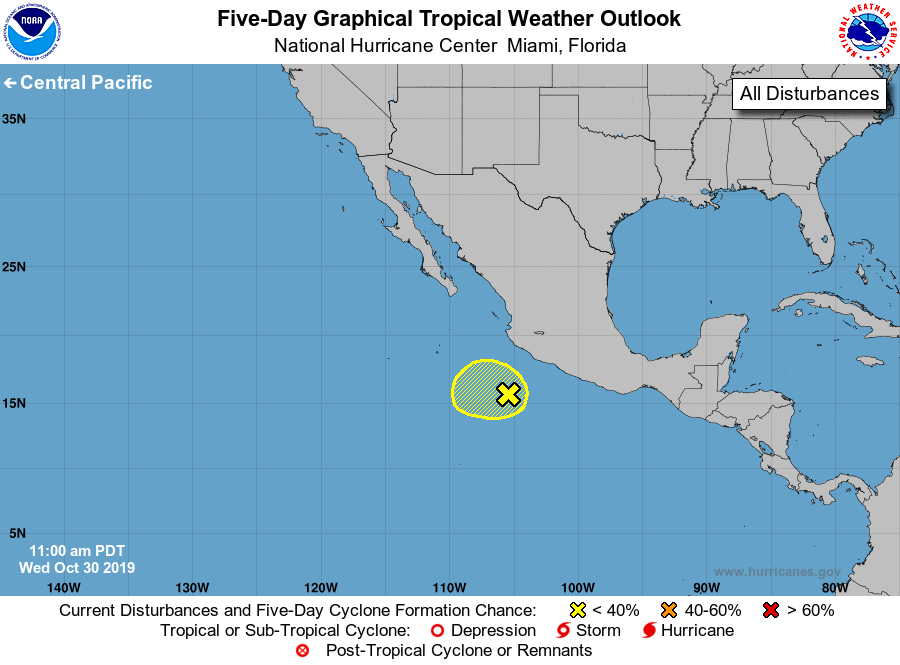
For the eastern North Pacific...east of 140 degrees west longitude:

1. A broad and elongated area of low pressure is producing disorganized showers and thunderstorms several hundred miles south of the southwestern coast of Mexico. Little development, if any, of this system is expected while it moves slowly westward for the next day or so.
* Formation chance through 48 hours...low...10 percent.
* Formation chance through 5 days...low...10 percent.

Forecaster Zelinsky